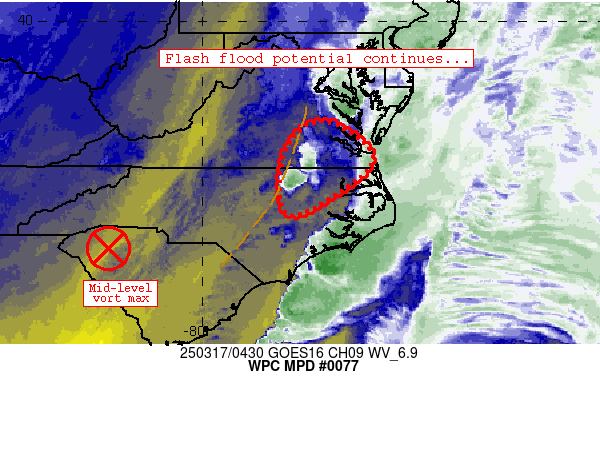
Areas affected...northeastern North Carolina into southeastern
Virginia

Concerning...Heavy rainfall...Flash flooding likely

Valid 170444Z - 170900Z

Summary...Deep convection continues to develop across North
Carolina and stream north-northeastward into southeastern
Virginia.  1-2 inch/hr rain rates persist in the strongest
activity.  This regime should continue for at least another 3-4
hours, posing a continued risk of flash flooding.

Discussion...Convection has continued to refire along a surface
trough extending from just east of Richmond, VA to just east of
Raleigh, NC over the past couple hours.  This trough has allowed
for convective development to remain oriented generally parallel
to deep south-southwesterly flow aloft, allowing for substantial
training in a few locales.  Additionally, 1.5+ inch PW values and
500 J/kg SBCAPE supports efficient rainfall processes with the
ongoing storms.  Ascent from upstream mid-level troughing
continues to result in ascent/height falls over the trough as
well.  These factors support continued, SSW-NNE oriented training
bands of storms for the next 2-4 hours or so.

Over time, eastward translation of the surface trough and
mid-upper forcing will lead to an eventual end of heavy rainfall
potential - most likely after 08-09Z.  Between now and then,
concern exists that these training convective bands could
eventually make it in to populated, sensitive areas of
southeastern Virginia where lower FFGs (around 1 inch/hr) could
result in a few areas of flash flooding.  It is not out of the
question for rain rates to double those lower values (generally
extending from near Richmond southeastward through Virginia Beach)
and lead to locally significant impacts.